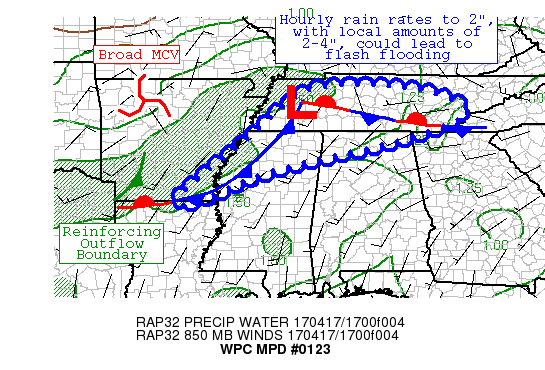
AREAS AFFECTED...SE AR, NORTHERN MS, WESTERN & CENTRAL TN

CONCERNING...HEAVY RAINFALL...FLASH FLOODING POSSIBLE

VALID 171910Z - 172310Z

SUMMARY...CONVECTION WITH HEAVY RAIN IS MOVING ALONG A STALLING
OUTFLOW BOUNDARY AND A WEAK FRONTAL WAVE.  HOURLY RAIN RATES TO
2", WITH LOCAL AMOUNTS OF 2-4", COULD LEAD TO FLASH FLOODING.

DISCUSSION...EXPERIMENTAL GOES-R SATELLITE IMAGERY SHOWS AN ARRAY
OF CIRCULATIONS NEAR AR AND WESTERN TN, INCLUDING A PAIR OF MCVS.
AT THE SURFACE, THE MAIN BOUNDARY IS ONE STRETCHING FROM SOUTHEAST
AR ACROSS NORTHWEST MS INTO WESTERN TN, WHICH THEN EXTENDS EAST
FROM A FRONTAL WAVE ACROSS SOUTH-CENTRAL TN.  HEAVY RAINFALL HAS
BEEN MOST FOCUSED ALONG THE TRAILING BOUNDARY ACROSS NORTHWEST MS.
 A SECOND OUTFLOW BOUNDARY IS ENTERING SOUTHWEST AR AND APPEARS TO
BE HOLDING UP THE MOVEMENT OF THE EASTERN BOUNDARY.  PRECIPITABLE
WATER VALUES NEAR 1.5" EXIST IN THIS AREA.  BULK SHEAR IN THE 0-6
KM LAYER IS 25-30 KTS, WHICH COULD LEAD TO SOME CONVECTIVE
ORGANIZATION. MLCAPES OF 1000-1500 J/KG EXIST ACROSS THE REGION.

THE GFS-BASED GALVEZ-DAVISON INSTABILITY INDEX IMPLIES INCREASING
CONVECTIVE COVERAGE EAST OF THE WAVE ACROSS WESTERN AND CENTRAL TN
WHICH HAS BEEN APPARENT IN RECENT SATELLITE AND RADAR IMAGERY.
THERE IS TIME FOR ANOTHER 500 J/KG OF MLCAPE/MUCAPE TO BUILD
AREAWIDE PRIOR TO SUNSET.  A SLIGHT AMOUNT OF INCREASE IN THE
LOW-LEVEL INFLOW IS EXPECTED OVER THE NEXT FEW HOURS ACROSS TN.
WITH MINIMAL MOVEMENT TO THE TRAILING BOUNDARY, HEAVY RAIN
CONCERNS ALSO EXIST FROM SOUTHEAST AR ACROSS NORTHWEST AND
NORTHERN MS IN ITS VICINITY OVER THE NEXT SEVERAL HOURS.  SLOW
CELL MOTION TO THE EAST IS MAIN ISSUE ACROSS AR/MS WHILE CELL
TRAINING APPEARS TO BE THE ISSUE ACROSS TN, WHERE STORMS SHOULD
MOVE EAST TO EAST-SOUTHEAST AT 20-25 KTS.  HOURLY RAIN RATES UP TO
2", WITH LOCAL AMOUNTS OF 2-4", COULD BROADEN THE FLASH FLOOD
CONCERNS ACROSS THIS AREA.